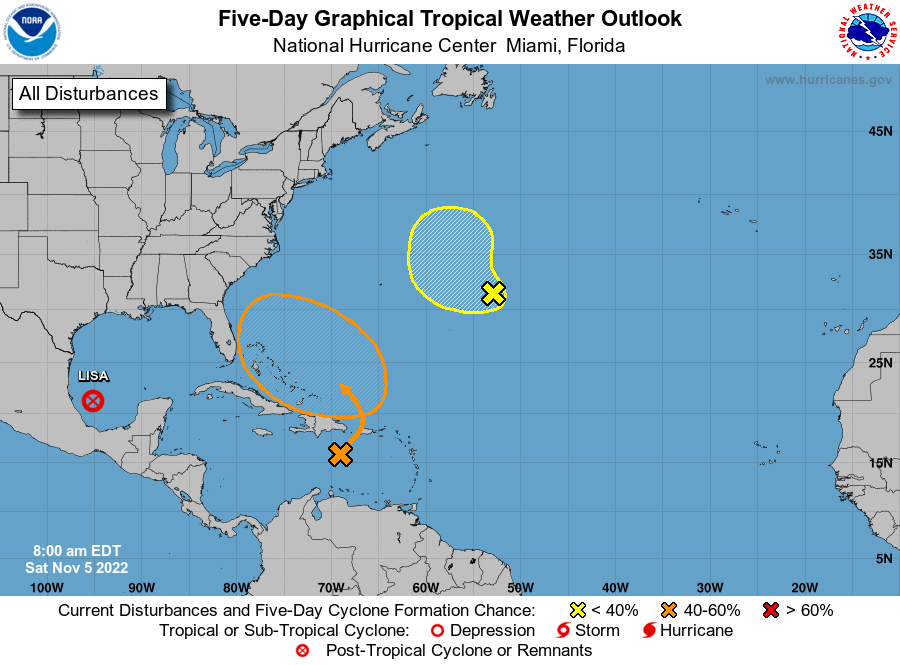
For the North Atlantic...Caribbean Sea and the Gulf of Mexico:

Active Systems: The National Hurricane Center is issuing advisories on Tropical Depression Lisa, located over the southwestern Gulf of Mexico.

1. Southwestern Atlantic: A trough of low pressure located over the eastern Caribbean Sea is forecast to move northward over the southwest Atlantic on Sunday where a broad area of low pressure is expected to form north of Hispaniola. The system is initially expected to be very broad and disorganized. However, it could begin to acquire subtropical or tropical characteristics, and a subtropical or tropical depression could form during the early to middle portion of next week while the system moves generally westward to west-northwestward over the southwestern Atlantic. Regardless of development, there is an increasing risk of coastal flooding, gale-force winds, heavy rainfall, rough surf, and beach erosion along much of the southeastern United States coast, the Florida east coast, and portions of the central and northwestern Bahamas during the early to middle part of next week. The disturbance is also expected to bring locally heavy rainfall to Puerto Rico and the Virgin Islands this weekend.
* Formation chance through 48 hours...low...20 percent.
* Formation chance through 5 days...medium...60 percent.

2. Central Subtropical Atlantic: Showers and a few thunderstorms located several hundred miles east of Bermuda are associated with a non-tropical area of low pressure. The circulation of the low has become better defined since yesterday, and addition slow tropical or subtropical development of this disturbance is possible during the next two to three days. After that time, the system is forecast to encounter stronger upper-level winds and further development is not anticipated.
* Formation chance through 48 hours...low...20 percent.
* Formation chance through 5 days...low...30 percent.

Forecaster Brown